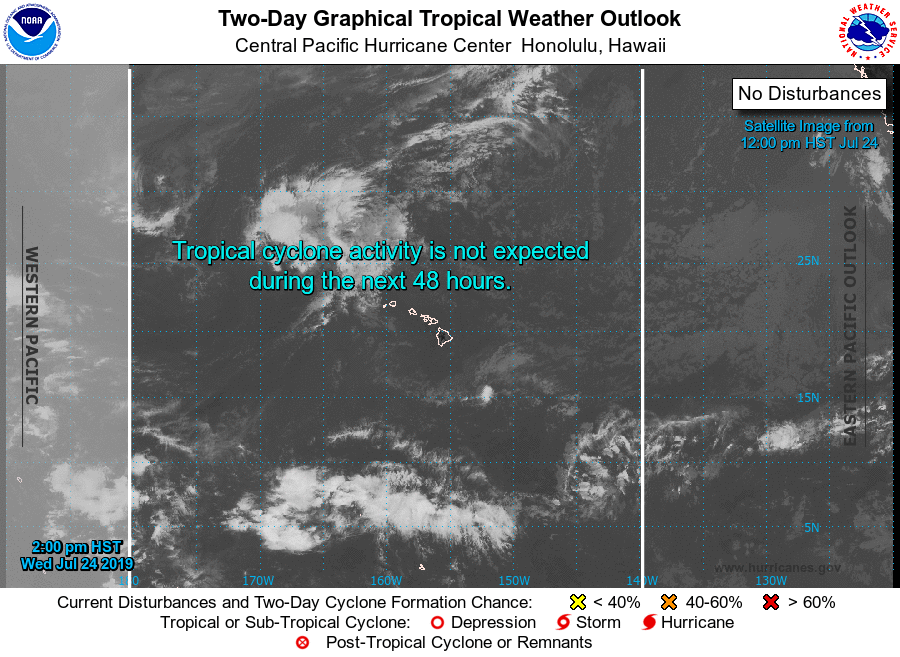
For the central North Pacific...between 140W and 180W:

No tropical cyclones are expected through the next 5 days.

Forecaster TS